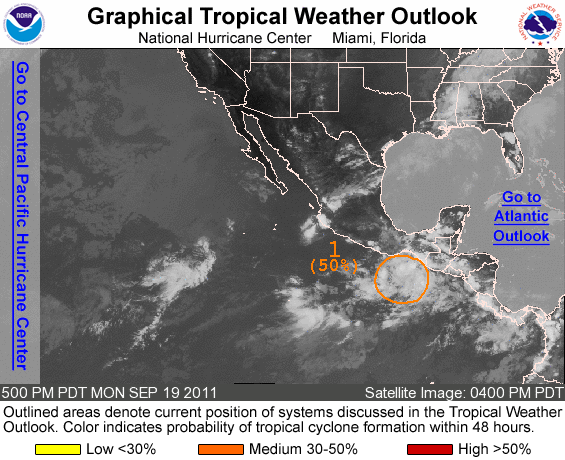
FOR THE EASTERN NORTH PACIFIC...EAST OF 140 DEGREES WEST LONGITUDE..

1. THUNDERSTORM ACTIVITY HAS CONTINUED TO BECOME BETTER ORGANIZED NEAR A LOW PRESSURE SYSTEM CENTERED ABOUT 275 MILES SOUTHEAST OF PUERTO ESCONDIDO MEXICO. CONDITIONS APPEAR FAVORABLE FOR ADDITIONAL DEVELOPMENT OF THIS DISTURBANCE OVER THE NEXT COUPLE OF DAYS AS IT MOVES WEST-NORTHWESTWARD AT 5 TO 10 MPH. THIS SYSTEM HAS A MEDIUM CHANCE...50 PERCENT...OF BECOMING A TROPICAL CYCLONE DURING THE NEXT 48 HOURS.

ELSEWHERE...TROPICAL CYCLONE FORMATION IS NOT EXPECTED DURING THE NEXT 48 HOURS.

FORECASTER STEWART